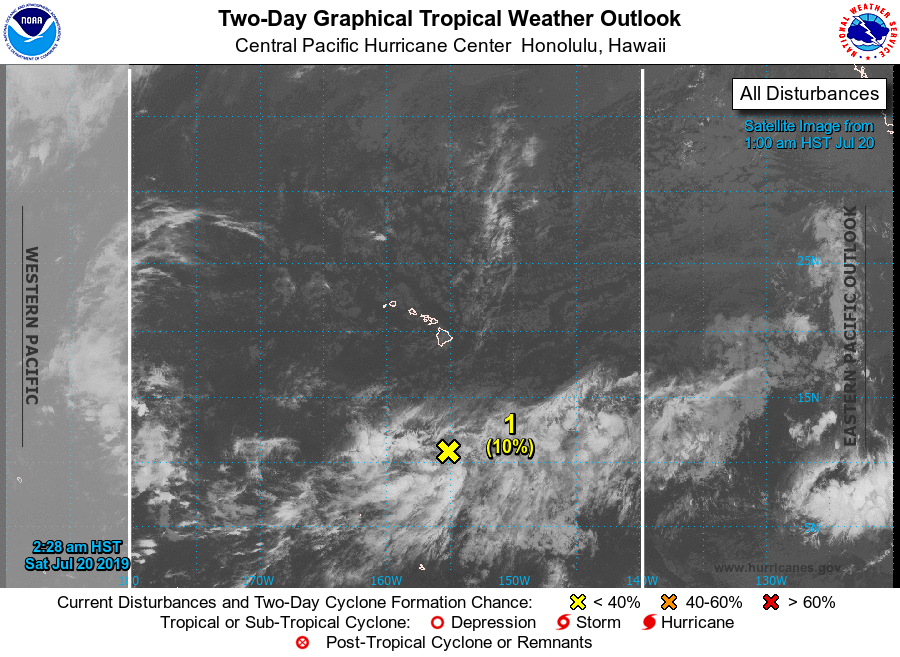
For the central North Pacific...between 140W and 180W:

1. An area of disturbed weather is located several hundred miles south of the Big Island. Environmental conditions are forecast to remain marginally conducive for development over the next couple of days. After which, conditions will be less conducive for development.
* Formation chance through 48 hours...low...10 percent
* Formation chance through 5 days...low...10 percent

Elsewhere, no tropical cyclones are expected during the next 5 days.

Forecaster Gibbs